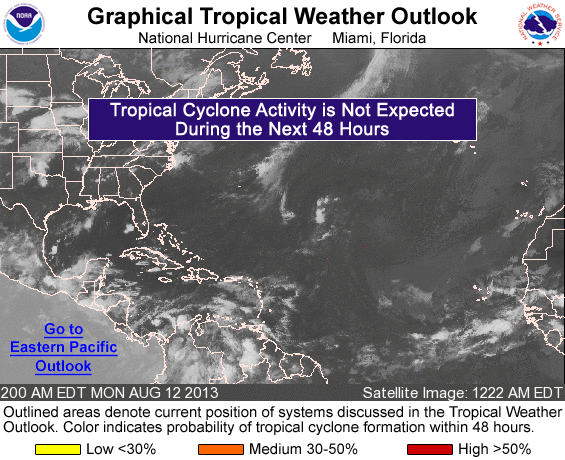
FOR THE NORTH ATLANTIC...CARIBBEAN SEA AND THE GULF OF MEXICO...

TROPICAL CYCLONE FORMATION IS NOT EXPECTED DURING THE NEXT 48 HOURS.

OTHER SYSTEMS WITH FORMATION POTENTIAL BEYOND 48 HOURS...

A TROPICAL WAVE IS MOVING WESTWARD ACROSS THE EASTERN AND CENTRAL CARIBBEAN. UPPER-LEVEL WINDS ARE FORECAST TO BECOME A LITTLE MORE CONDUCIVE FOR THE FORMATION OF AN AREA OF LOW PRESSURE OVER THE NORTHWESTERN CARIBBEAN SEA OR SOUTHERN GULF OF MEXICO MID TO LATE WEEK. THIS SYSTEM HAS A LOW CHANCE...NEAR 0 PERCENT...OF BECOMING A TROPICAL CYCLONE DURING THE NEXT 48 HOURS...AND A LOW CHANCE...20 PERCENT...OF BECOMING A TROPICAL CYCLONE DURING THE NEXT 5 DAYS.

&&
FIVE-DAY FORMATION PROBABILITIES ARE EXPERIMENTAL IN 2013. COMMENTS ON THE EXPERIMENTAL FORECASTS CAN BE PROVIDED AT...

HTTP://WWW.NWS.NOAA.GOV/SURVEY/NWS-SURVEY.PHP?CODE=ETWO

FORECASTER BERG